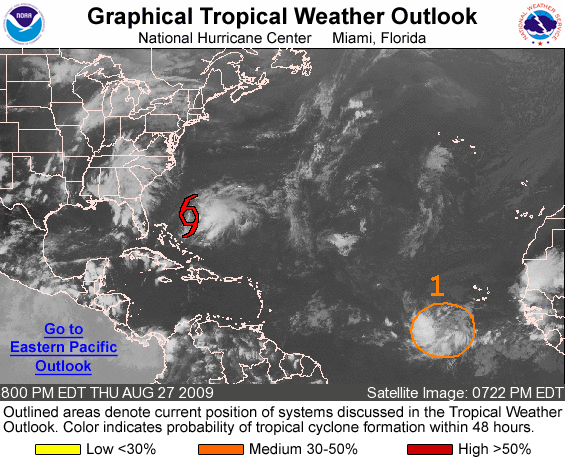
FOR THE NORTH ATLANTIC...CARIBBEAN SEA AND THE GULF OF MEXICO...

THE NATIONAL HURRICANE CENTER IS ISSUING ADVISORIES ON TROPICAL STORM DANNY...LOCATED ABOUT 515 MILES SOUTH-SOUTHEAST OF CAPE HATTERAS NORTH CAROLINA.

1. AN AREA OF DISTURBED WEATHER ASSOCIATED WITH A TROPICAL WAVE IS LOCATED OVER THE FAR EASTERN ATLANTIC OCEAN ABOUT 450 MILES SOUTHWEST OF THE CAPE VERDE ISLANDS. THIS SYSTEM CONTINUES TO SHOW SIGNS OF ORGANIZATION...AND SLOW DEVELOPMENT IS POSSIBLE OVER THE NEXT COUPLE OF DAYS AS IT MOVES WESTWARD AT 10 TO 15 MPH. THERE IS A MEDIUM CHANCE...30 TO 50 PERCENT...OF THIS SYSTEM BECOMING A TROPICAL CYCLONE DURING THE NEXT 48 HOURS.

ELSEWHERE...TROPICAL CYCLONE FORMATION IS NOT EXPECTED DURING THE NEXT 48 HOURS.

FORECASTER PASCH